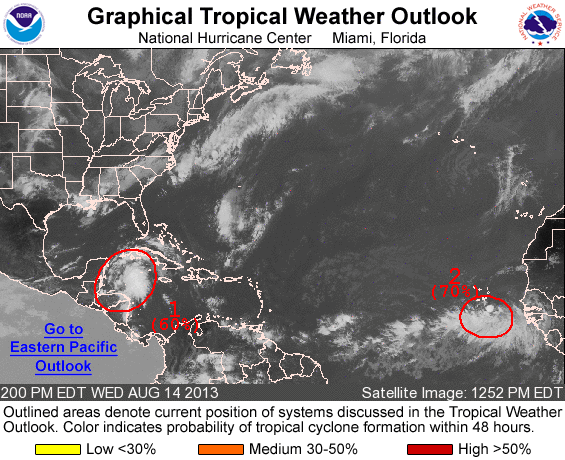
FOR THE NORTH ATLANTIC...CARIBBEAN SEA AND THE GULF OF MEXICO...

1. THE BROAD AREA OF LOW PRESSURE IN THE NORTHWESTERN CARIBBEAN SEA IS MOVING TOWARD THE WEST-NORTHWEST AT 10 TO 15 MPH. CLOUDINESS AND SHOWERS ASSOCIATED WITH THIS LOW CONTINUE TO SHOW SIGNS OF ORGANIZATION...AND A TROPICAL DEPRESSION COULD FORM BEFORE THE DISTURBANCE REACHES THE YUCATAN PENINSULA ON THURSDAY. AFTER THAT...THIS WEATHER SYSTEM IS FORECAST TO MOVE OVER THE GULF OF MEXICO...WHERE UPPER-LEVEL WINDS WILL LIKELY BE A LITTLE LESS FAVORABLE FOR DEVELOPMENT. THIS SYSTEM HAS A HIGH CHANCE...60 PERCENT...OF BECOMING A TROPICAL CYCLONE DURING THE NEXT 48 HOURS...AND A HIGH CHANCE...70 PERCENT...OF BECOMING A TROPICAL CYCLONE DURING THE NEXT 5 DAYS. REGARDLESS OF WHETHER OR NOT A TROPICAL CYCLONE FORMS...HEAVY RAINS AND GUSTY WINDS ARE FORECAST TO SPREAD OVER THE YUCATAN PENINSULA AND BELIZE DURING THE NEXT DAY OR TWO...AND INTERESTS IN THESE AREAS SHOULD MONITOR THE PROGRESS OF THIS DISTURBANCE.

2. CLOUDINESS AND SHOWERS ASSOCIATED WITH A LOW PRESSURE SYSTEM LOCATED A COUPLE OF HUNDRED MILES SOUTHEAST OF THE CAPE VERDE ISLANDS REMAIN WELL ORGANIZED...AND A TROPICAL DEPRESSION COULD FORM LATER TODAY OR ON THURSDAY. THIS SYSTEM HAS A HIGH CHANCE...70 PERCENT...OF BECOMING A TROPICAL CYCLONE DURING THE NEXT 48 HOURS. AFTER THAT...THE LOW WILL BE MOVING INTO A LESS FAVORABLE ENVIRONMENT FOR DEVELOPMENT. THIS SYSTEM HAS A HIGH CHANCE...80 PERCENT...OF BECOMING A TROPICAL CYCLONE DURING THE NEXT 5 DAYS. REGARDLESS OF ADDITIONAL DEVELOPMENT...THIS SYSTEM WILL LIKELY BRING SHOWERS AND GUSTY WINDS TO THE SOUTHERN CAPE VERDE ISLANDS LATER TODAY AND THURSDAY AS IT MOVES WESTWARD AT 10 TO 15 MPH. INTERESTS IN THESE ISLANDS SHOULD MONITOR THE PROGRESS OF THIS SYSTEM.

FIVE-DAY FORMATION PROBABILITIES ARE EXPERIMENTAL IN 2013. COMMENTS ON THE EXPERIMENTAL FORECASTS CAN BE PROVIDED AT...

HTTP://WWW.NWS.NOAA.GOV/SURVEY/NWS-SURVEY.PHP?CODE=ETWO

FORECASTER AVILA/BRENNAN